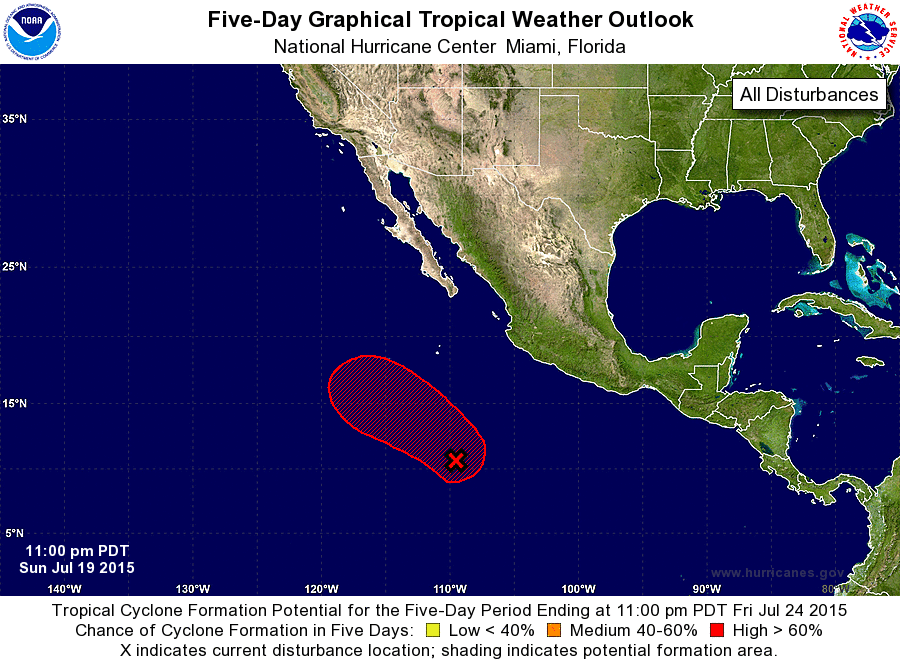
For the eastern North Pacific...east of 140 degrees west longitude:

1. Showers and thunderstorms associated with a large low pressure system located about 800 miles southwest of Acapulco, Mexico, continue to show signs of organization. Environmental conditions are favorable for further development, and a tropical depression or a tropical storm is likely to form on Monday while the system moves west-northwestward to northwestward at 10 to 15 mph.
* Formation chance through 48 hours...high...90 percent
* Formation chance through 5 days...high...90 percent

Forecaster Stewart